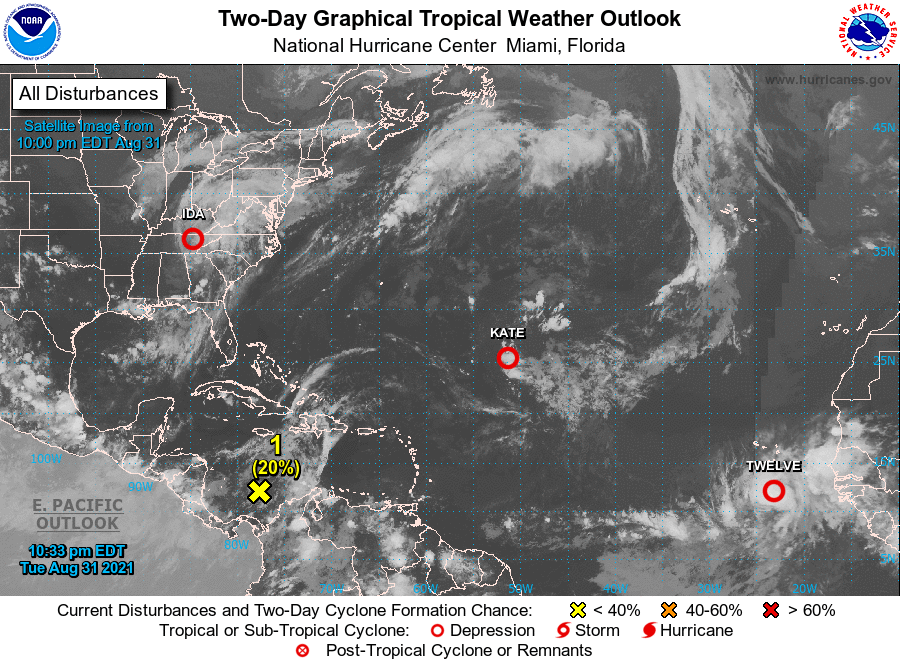
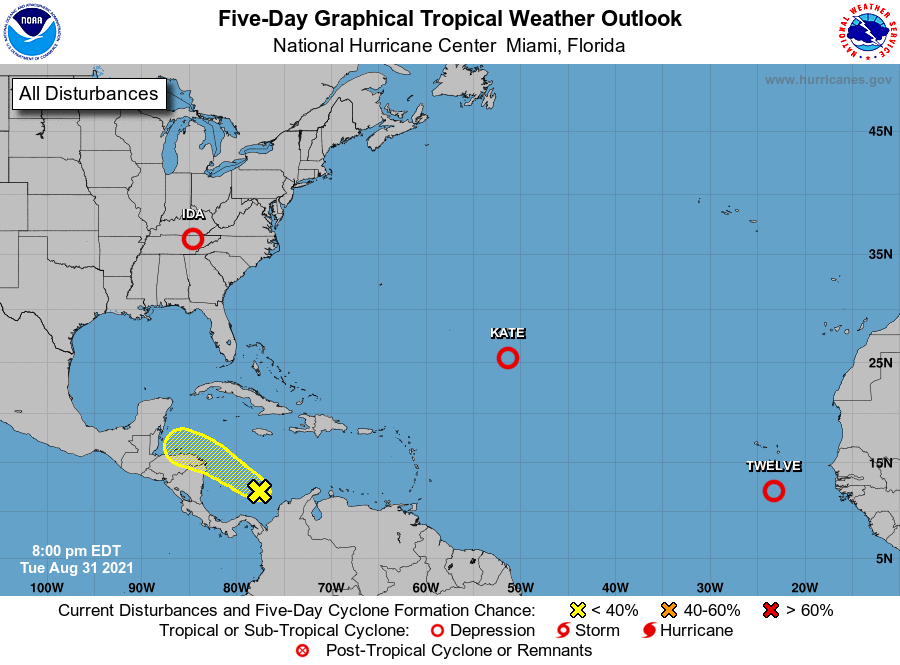
For the North Atlantic...Caribbean Sea and the Gulf of Mexico:

The National Hurricane Center is issuing advisories on Tropical Depression Kate, located over the central Atlantic and on newly formed Tropical Depression Twelve, located over the eastern tropical Atlantic.

The Weather Prediction Center is issuing Public Advisories on Tropical Depression Ida, located over Tennessee.

1. An area of low pressure is producing some disorganized shower activity over the southwestern Caribbean Sea. Some slow development of this system is possible over the next couple of days as it moves westward or west-northwestward at 5 to 10 mph toward Central America. Thereafter, land interaction with Central America and the Yucatan Peninsula of Mexico will likely limit further development of this system. Regardless of development, heavy rains are possible across portions of Central America and the Yucatan Peninsula late this week and this weekend.
* Formation chance through 48 hours...low...20 percent.
* Formation chance through 5 days...low...20 percent.

Public advisories issued by the Weather Prediction Center on Tropical Depression Ida can be found under AWIPS header TCPAT4, WMO header WTNT34 KWNH, and on the web at http://www.wpc.ncep.noaa.gov

Public Advisories on Tropical Depression Twelve are issued under WMO header WTNT32 KNHC and under AWIPS header MIATCPAT2. Forecast/Advisories on Tropical Depression Twelve are issued under WMO header WTNT22 KNHC and under AWIPS header MIATCMAT2.

Forecaster Cangialosi